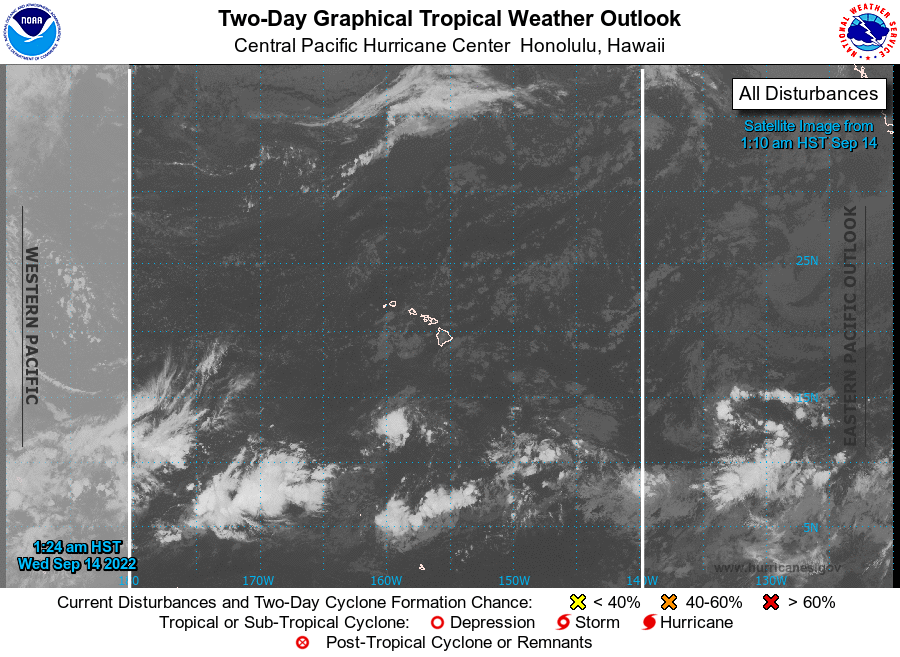
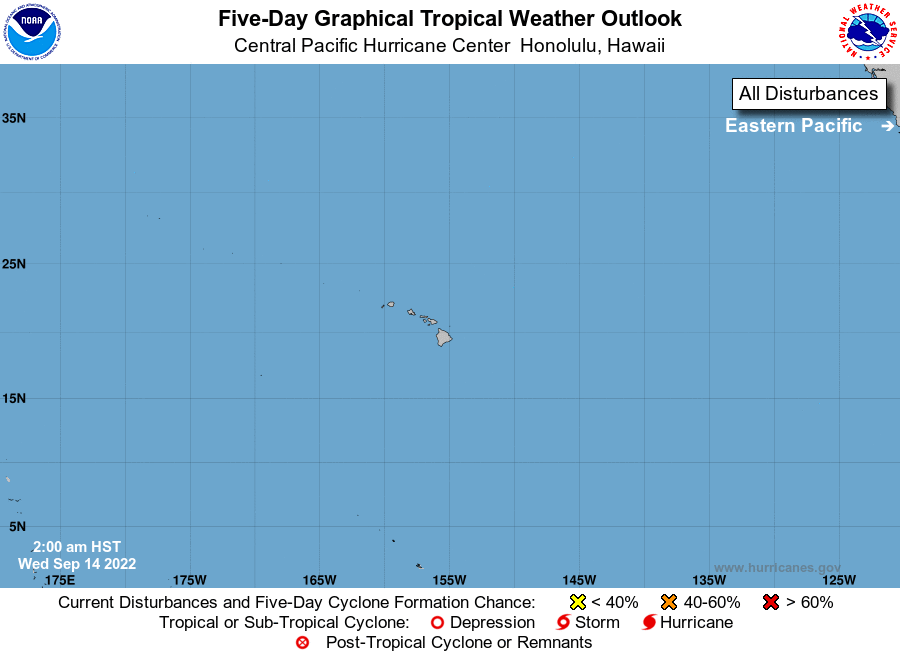
For the central North Pacific...between 140W and 180W:

No tropical cyclones are expected during the next 5 days.

Forecaster Houston